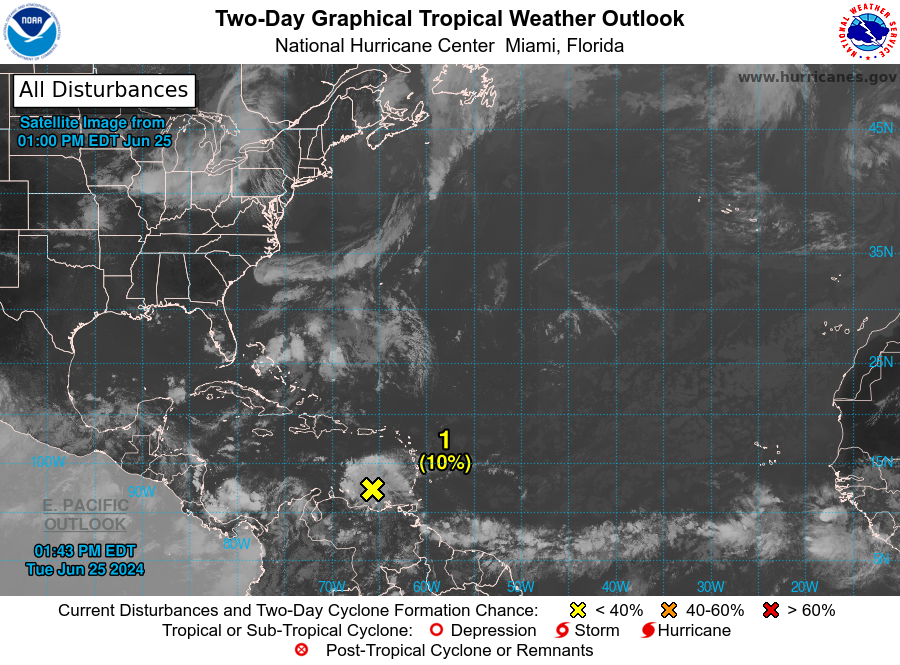
For the North Atlantic...Caribbean Sea and the Gulf of Mexico:

1. Western Caribbean/Southwestern Gulf of Mexico: A tropical wave located over the southeastern Caribbean Sea is producing disorganized showers and thunderstorms as it moves quickly westward at around 25 mph. Environmental conditions could support some gradual development once the wave reaches the western Caribbean Sea late this week, and some development is also possible over the southwestern Gulf of Mexico during the weekend.
* Formation chance through 48 hours...low...10 percent.
* Formation chance through 7 days...low...20 percent.

Forecaster Hagen/Pasch